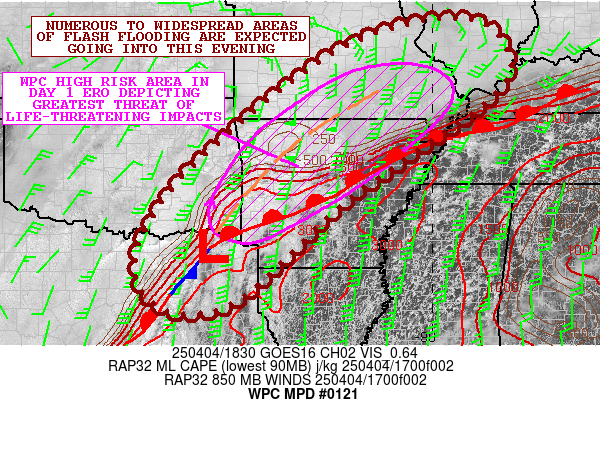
Areas affected...Arklatex...Ozark Plateau...Lower MS
Valley...Lower OH Valley

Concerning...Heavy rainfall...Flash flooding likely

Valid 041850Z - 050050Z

SUMMARY...Numerous areas of heavy showers and thunderstorms will
continue to evolve going into the evening hours, with concerns for
cell-training, and locally very heavy rainfall totals. Numerous to
widespread areas of flash flooding, including significant and
life-threatening impacts, are expected to gradually occur going
into the evening hours.

DISCUSSION...The early-afternoon GOES-E IR/WV suite shows a
vigorous mid-level trough continuing to gradually eject east out
across the southern High Plains which is interacting with a very
moist and strongly unstable airmass surging northward ahead of it
involving the Arklatex/Lower MS Valley and portions of the Lower
OH Valley.

The latest surface analysis shows an area of low pressure becoming
a bit better defined across far northeast TX with a warm front
extending northeast from there up across central AR, northwest TN,
and into southern KY. Strong warm air advection is surging
poleward of this front with the aid of a south-southwest low-level
jet of 40 to 50+ kts. GOES-E visible satellite imagery shows a
substantial amount of solar insolation helping to destabilize the
warm sector over the Lower MS Valley and Mid-South, and the latest
RAP analysis a broad area of MLCAPE values into the 2000 to 3000
J/kg range. Farther to the north, a lot of this CAPE coupled with
strong isentropic ascent is yielding a corridor of locally
enhanced elevated convection currently across northwest AR,
southwest to central MO, and in a more broken fashion farther off
to the east into parts of the Lower OH Valley.

Flash flooding is already ongoing over sizable portions of the
Ozark Plateau from elevated training convection with rainfall
rates into the 1 to 2 inch/hour range. However, over the next few
hours, a much more substantial outbreak of strong to severe
convection including supercell clusters should evolve over parts
of the Lower MS Valley and especially the Arklatex region.
Enhanced instability and strong shear low-level shear parameters
will be key to this.

Rainfall rates will be increasing to as much as 2 to 3 inches/hour
with the stronger and more organized supercell structures, and the
concern by this evening with be a setup conducive for convection
training over the same area in close proximity to the
aforementioned wave of low pressure and related orientation of the
front. A trailing part of this front will extend down into areas
of northeast TX, with the northeast extension lifting up into the
Lower OH Valley.

Very heavy rainfall totals are likely by this evening, with parts
of northeast TX through west-central and northern AR likely seeing
as much as 3 to 5 inches of rain with isolated heavier totals
possible. The heavy rains with somewhat lesser totals will also
likely impact areas of southern MO. Given the rainfall totals and
wet antecedent conditions, numerous to widespread areas of flash
flooding, including significant and life-threatening impacts, are
expected to gradually occur heading into the evening hours.